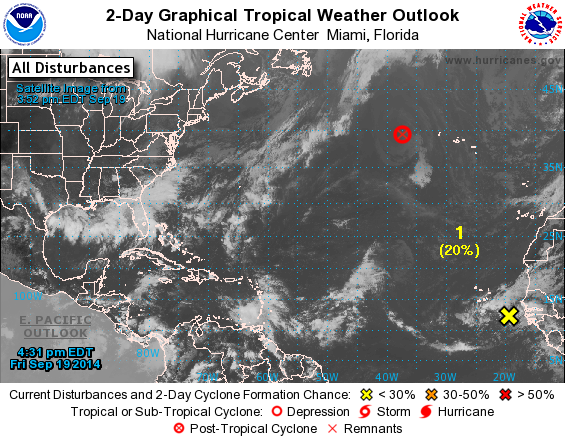
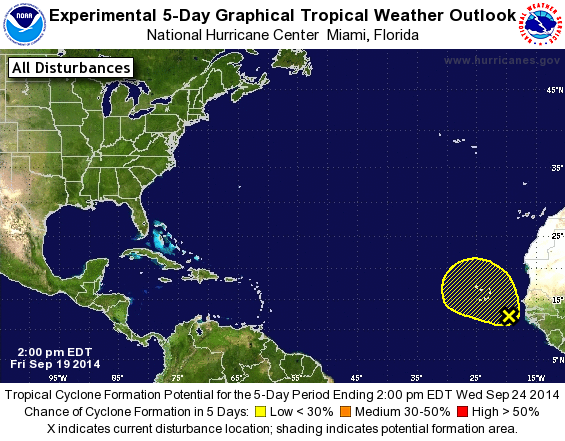
For the North Atlantic...Caribbean Sea and the Gulf of Mexico:

The National Hurricane Center is issuing advisories on Tropical Storm Edouard, located several hundred miles west of the western Azores.

1. Shower and thunderstorm activity associated with a broad area of low pressure located a couple hundred miles southeast of the Cape Verde Islands has changed little in organization this morning. While some development of this system is possible during the next day or two, upper-level winds are expected to become less conducive after that time. This low should move generally northwestward and could bring heavy rainfall to portions of the Cape Verde Islands this weekend.
* Formation chance through 48 hours...low...20 percent.
* Formation chance through 5 days...low...20 percent.

Forecaster Kimberlain/Huffman